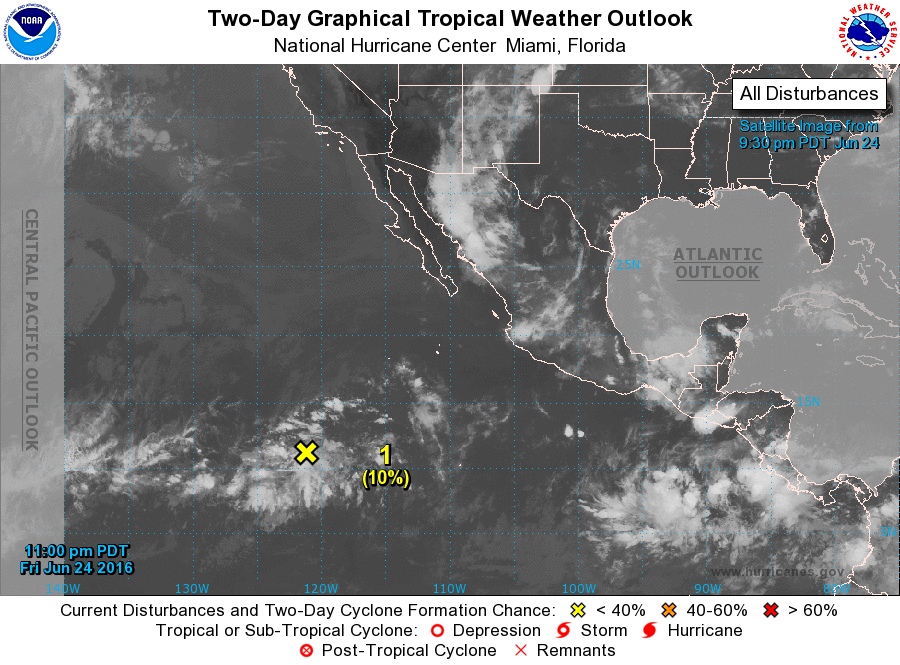
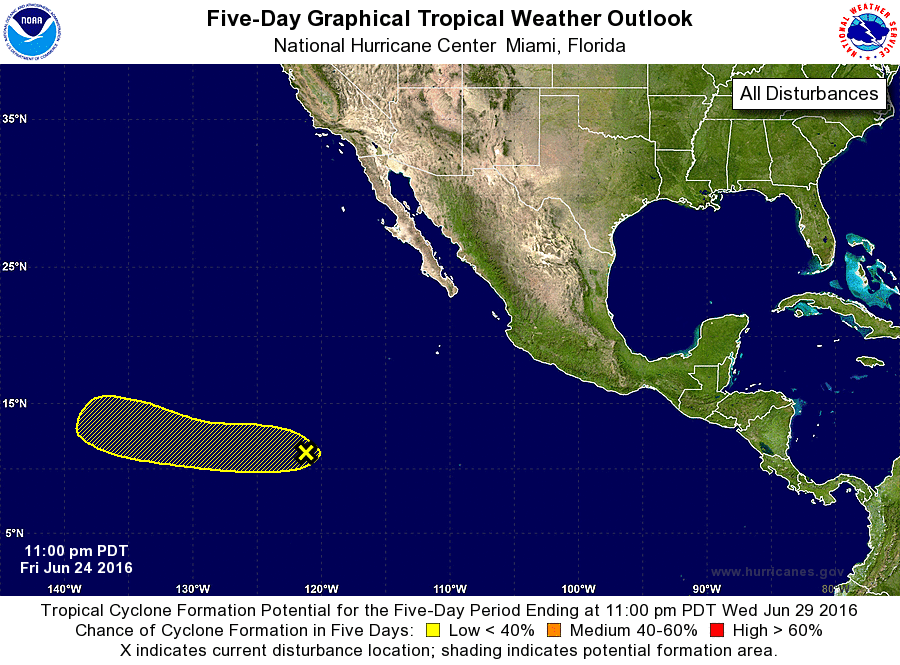
For the eastern North Pacific...east of 140 degrees west longitude:

1. A broad area of low pressure is located about 1100 miles southwest of the southern tip of the Baja California peninsula. Environmental conditions are expected to become somewhat conducive for slow development of this system early next week while the low moves to the west or west-northwest at about 10 mph.
* Formation chance through 48 hours...low...10 percent
* Formation chance through 5 days...low...30 percent

Forecaster Beven